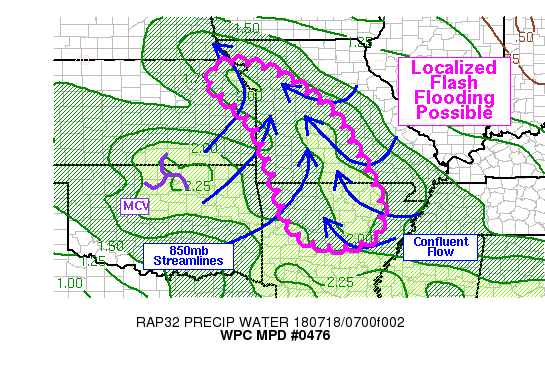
AREAS AFFECTED...N-CTRL AR...WRN/SRN MO...NERN KS

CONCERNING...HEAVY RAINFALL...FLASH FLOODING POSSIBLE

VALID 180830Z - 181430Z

SUMMARY...THUNDERSTORMS MAY DEVELOP THIS MORNING FROM NEAR THE
KANSAS CITY METRO AREA SOUTH INTO THE OZARKS REGION OF SOUTHERN
MISSOURI AND NORTHERN ARKANSAS. RAIN RATES OF 2 IN/HR WOULD BE
POSSIBLE...AND THIS COULD LEAD TO FLASH FLOODING WITH SLOW-MOVING
STORMS.

DISCUSSION...REGIONAL RADARS SHOWED SOME LOW-TOPPED CONVECTION
BEGINNING TO DEVELOP ACROSS PORTIONS OF MISSOURI... GENERALLY IN A
ZONE OF CONFLUENT LOW-LEVEL FLOW (925-850MB). HI-RES MODELS ARE IN
REASONABLY GOOD AGREEMENT THAT THIS WILL CONTINUE EARLY THIS
MORNING... WITH QPF AND SIMULATED REFLECTIVITY FIELDS SHOWING AN
INCREASE IN COVERAGE AND INTENSITY OF THE CONVECTION CLOSER TO
12Z. THIS MAY ALSO COINCIDE WITH THE APPROACH OF AN MCV...EVIDENT
IN RADAR LOOPS OVER NORTH-CENTRAL OKLAHOMA (NEAR KPNC AS OF 0830Z)
AND MOVING EAST. MOST OF THE THUNDERSTORMS ACROSS THIS REGION
SHOULD BE ELEVATED... AND WILL LIKELY BE ROOTED AROUND 925-850MB
WHERE THE FORCING WILL BE MAXIMIZED. RAP ANALYSIS HAS MUCAPE
VALUES AROUND 1000-1500 J/KG OVER MUCH OF OF THE OUTLINED AREA
WITH EFFECTIVE DEEP LAYER SHEAR VALUES AROUND 20-25 KNOTS. THIS
SHOULD BE SUFFICIENT FOR MARGINALLY ORGANIZED CLUSTERS OF STORMS.

ALIGNED WITH THE ZONE OF LOW-LEVEL CONFLUENCE IS A PLUME OF PW
VALUES APPROACHING 2 INCHES PER BOTH RAP ANALYSIS AND CIRA BLENDED
TPW PRODUCT. SEVERAL GPS OBSERVATIONS IN THIS REGION WERE AROUND 2
INCH PW VALUES. FURTHERMORE... CORFIDI VECTORS WERE ALMOST
PARALLEL TO THE MAJOR AXIS OF LOW-LEVEL CONFLUENCE AND MAXIMUM
PRECIPITABLE WATER VALUES. IN TOTAL... THIS SUGGESTS THE POTENTIAL
FOR TRAINING AND BACKBUILDING WITH SOME LOCALIZED SWATHS OF HEAVY
RAINFALL. RAIN RATES OF 2 IN/HR WILL BE POSSIBLE IN THE VERY MOIST
ENVIRONMENT... AND IF SUSTAINED LONG ENOUGH THIS COULD LEAD TO
FLASH FLOODING.